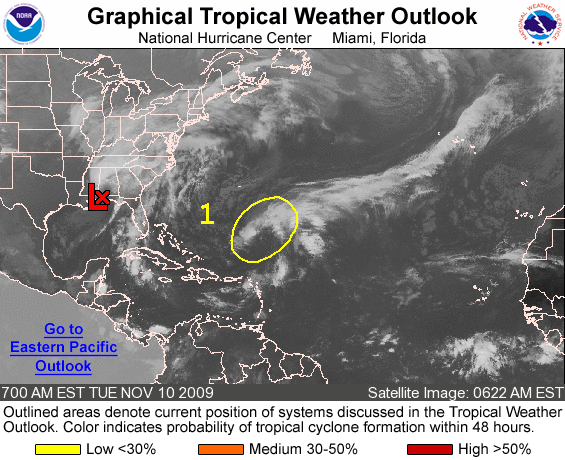
FOR THE NORTH ATLANTIC...CARIBBEAN SEA AND THE GULF OF MEXICO...

THE NATIONAL HURRICANE CENTER IS ISSUING ADVISORIES ON TROPICAL STORM IDA...LOCATED ABOUT 25 MILES SOUTH OF MOBILE ALABAMA.

1. DISORGANIZED SHOWERS AND THUNDERSTORMS LOCATED SEVERAL HUNDRED MILES NORTH-NORTHEAST OF THE NORTHERN LEEWARD ISLANDS ARE ASSOCIATED WITH A TROUGH OF LOW PRESSURE. THE PRESSURE GRADIENT BETWEEN THE TROUGH AND AN AREA OF HIGH PRESSURE TO ITS NORTH IS PRODUCING AN AREA OF WINDS TO NEAR GALE FORCE. ANY DEVELOPMENT OF THIS SYSTEM WILL LIKELY BE SLOW TO OCCUR AS IT MOVES GENERALLY WEST-NORTHWESTWARD AT 10 TO 15 MPH OVER THE NEXT COUPLE OF DAYS. THERE IS A LOW CHANCE...LESS THAN 30 PERCENT...OF THIS SYSTEM BECOMING A TROPICAL CYCLONE DURING THE NEXT 48 HOURS.

ADDITIONAL INFORMATION ON THIS SYSTEM CAN BE FOUND IN HIGH SEAS FORECASTS ISSUED BY THE NATIONAL WEATHER SERVICE...UNDER AWIPS HEADER NFDHSFAT1 AND WMO HEADER FZNT01 KWBC.

ELSEWHERE...TROPICAL CYCLONE FORMATION IS NOT EXPECTED DURING THE NEXT 48 HOURS.

FORECASTER CANGIALOSI/BLAKE